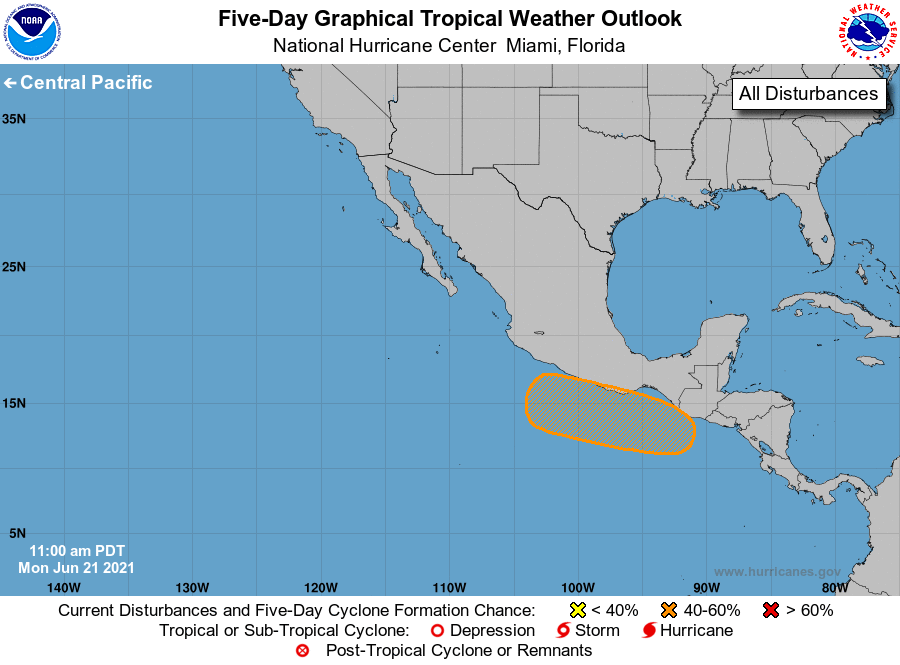
For the eastern North Pacific...east of 140 degrees west longitude:

1. An area of low pressure is expected to form south of Guatemala and the Gulf of Tehuantepec in a few days. Environmental conditions appear conducive for gradual development thereafter, and a tropical depression could form late this week or this weekend while the system moves west-northwestward parallel to and just offshore of the southern coast of Mexico.
* Formation chance through 48 hours...low...near 0 percent.
* Formation chance through 5 days...medium...50 percent.

Forecaster Cangialosi